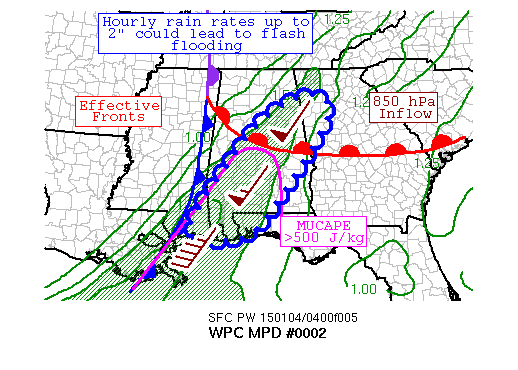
AREAS AFFECTED...SOUTHERN AND EASTERN AL & NORTHWEST GA

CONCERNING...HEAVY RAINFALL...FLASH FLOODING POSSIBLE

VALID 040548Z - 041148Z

SUMMARY...CONVECTIVE BANDS HAVE SHOWN INCREASING RAINFALL RATES AS
OF LATE WITHIN AN AREA OF DEEP SOUTHWESTERLY FLOW ACROSS AL AND
SOUTHERN MS.  FLASH FLOODING IS POSSIBLE, AS RAIN RATES
APPROACHING 2" AN HOUR COULD OCCUR WITHIN AN AREA OF SATURATING
SOILS.

DISCUSSION...A 05Z SURFACE ANALYSIS REVEALED A SLOW-MOVING COLD
FRONT ACROSS EASTERN MS, WITH A WARM FRONT CUTTING ACROSS CENTRAL
AL AND CENTRAL GA.  A COUPLE LOOSELY ORGANIZED CONVECTIVE LINES
LIE AHEAD OF THIS FRONT WITHIN A REGION OF 1.50-1.75" PRECIPITABLE
WATER VALUES (2-3 SIGMAS ABOVE NORMAL FOR EARLY JANUARY).  RECENT
RADAR RETURNS INDICATE INCREASING RAINFALL RATES, TOWARDS 2" AN
HOUR IN CENTRAL AL, WITH SATELLITE IMAGERY SHOWING UNIFORMLY WARM
CLOUD TOPS.  AREA 00Z SOUNDINGS REVEAL FREEZING LEVELS IN THE
11-12,000 FOOT RANGE ABOVE GROUND LEVEL, WHICH ADDS CONFIDENCE TO
THE IDEA THAT WARM RAIN PROCESSES ARE AT PLAY.  INFLOW AT 850 HPA
IS CLOSE TO THE MEAN 850-400 HPA WINDS, NEAR 55 KTS PER AREA VAD
WIND PROFILES.  CAPE VALUES PER RECENT SPC MESOANALYSES SHOW AN
UPTICK ACROSS SOUTHERN AL, WHICH COULD BE FUELING THE INCREASED
RAIN RATES.

THE 00Z MESOSCALE GUIDANCE INCREASED THEIR QPF EXPECTATIONS FROM
THEIR PRIOR RUNS IN THIS REGION, INDICATING 2-3" OF RAIN OVER THE
NEXT SEVERAL HOURS, THOUGH THEIR AXES APPEAR TOO FAR NORTHWEST
BASED ON RECENT RADAR IMAGERY.  FRONTOGENESIS FIELDS AND 850 HPA
WIND FIELDS WITHIN RECENT RAP RUNS INDICATE SOME PROGRESSION TO
THE EAST IS POSSIBLE OVER THE NEXT SEVERAL HOURS, POTENTIALLY
FORCED BY THE STRONG LOW LEVEL INFLOW.  RECENT AND ONGOING RAINS
ARE SATURATING AREA SOILS.  CELL TRAINING COULD LEAD TO FLASH
FLOODING IN THIS REGION OVER THE NEXT SIX HOURS SINCE THE UPSTREAM
COLD FRONT REMAINS SLOW-MOVING.  FLASH FLOODING IS CONSIDERED
POSSIBLE IN THIS REGION.